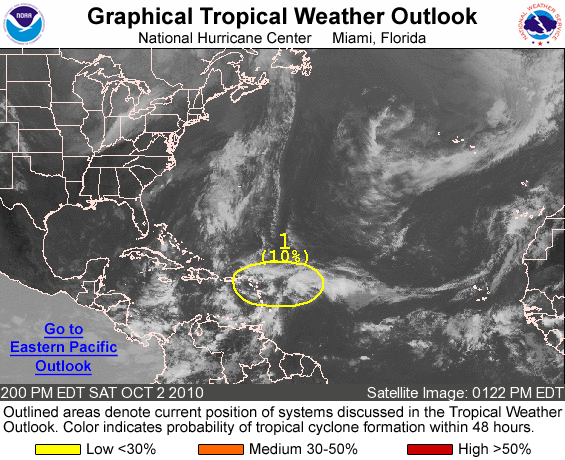
FOR THE NORTH ATLANTIC...CARIBBEAN SEA AND THE GULF OF MEXICO...

1. A SURFACE TROUGH EXTENDING FROM THE LEEWARD ISLANDS EASTWARD INTO THE ATLANTIC OCEAN CONTINUES TO PRODUCE DISORGANIZED SHOWERS AND THUNDERSTORMS. ANY DEVELOPMENT OF THIS SYSTEM WILL BE SLOW TO OCCUR DUE TO UNFAVORABLE UPPER-LEVEL WINDS. THERE IS A LOW CHANCE...10 PERCENT...OF THIS SYSTEM BECOMING A TROPICAL CYCLONE DURING THE NEXT 48 HOURS AS IT MOVES TOWARD THE WEST OR WEST-NORTHWEST AT ABOUT 15 MPH. REGARDLESS OF DEVELOPMENT...LOCALLY HEAVY RAINS ARE POSSIBLE DURING THE NEXT DAY OR TWO OVER THE LEEWARD ISLANDS...THE VIRGIN ISLANDS...AND PUERTO RICO.

ELSEWHERE...TROPICAL CYCLONE FORMATION IS NOT EXPECTED DURING THE NEXT 48 HOURS.

FORECASTER BRENNAN